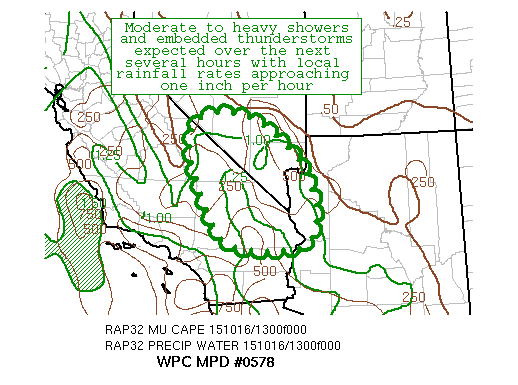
AREAS AFFECTED...SOUTHEAST CA...SOUTHERN NV...NW ARIZONA

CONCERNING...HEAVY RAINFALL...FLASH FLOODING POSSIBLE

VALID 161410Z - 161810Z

SUMMARY...ADDITIONAL SHOWERS AND THUNDERSTORMS WITH LOCALLY HEAVY
RAINFALL RATES ARE LIKELY TO CONTINUE OVER THIS REGION OVER THE
NEXT FEW HOURS.  GIVEN WET GROUND FROM EARLIER RAINFALL FROM THE
SAME STORM SYSTEM...FLASH FLOODING AND RUN-OFF WILL REMAIN
POSSIBLE ON A LOCALIZED SCALE.

DISCUSSION...THE LATEST SATELLITE IMAGERY SHOWS A WELL-DEFINED
UPPER LOW MOVING GRADUALLY NORTH INTO CENTRAL PORTIONS OF
CALIFORNIA...AND THIS CONTINUES TO INTERACT WITH AN ANOMALOUSLY
MOIST AIRMASS FOR LOCALLY HEAVY SHOWERS AND THUNDERSTORMS.  MUCAPE
VALUES REMAIN ON THE LOW SIDE WITH VALUES AT OR BELOW 500 J/KG AND
THIS WILL HELP KEEP RAINFALL RATES FROM GETTING EXTREME.  THE MAIN
THING HELPING TO SUSTAIN CONVECTION HERE IS SUFFICIENT LARGE SCALE
ASCENT FROM UPPER LEVEL DIFFLUENCE ASSOCIATED WITH THE UPPER LOW.

IN TERMS OF PRECIPITABLE WATER...VALUES HAVE BEEN ON THE ORDER OF
1.25 TO 1.50 INCHES AND THIS IS ABOUT 3 TO 4 STANDARD DEVIATIONS
ABOVE NORMAL.  SOME CONVECTIVE CELLS OVER SOUTHEAST CALIFORNIA
HAVE TENDED TO REPEAT OVER THE SAME AREA GIVEN RATHER
UNIDIRECTIONAL DEEP LAYER FLOW OVER THE REGION.  NEAR TERM HI-RES
MODEL GUIDANCE IS GENERALLY MODEST WITH THEIR QPF AMOUNTS OVER THE
NEXT FEW HOURS, WITH ISOLATED ONE INCH AMOUNTS POSSIBLE THROUGH
18Z WITH THE HEAVIEST CONVECTION.  THIS IS A MARGINAL EVENT FOR
FLASH FLOODING AND SHOULD BE LOCALIZED IF IT OCCURS.